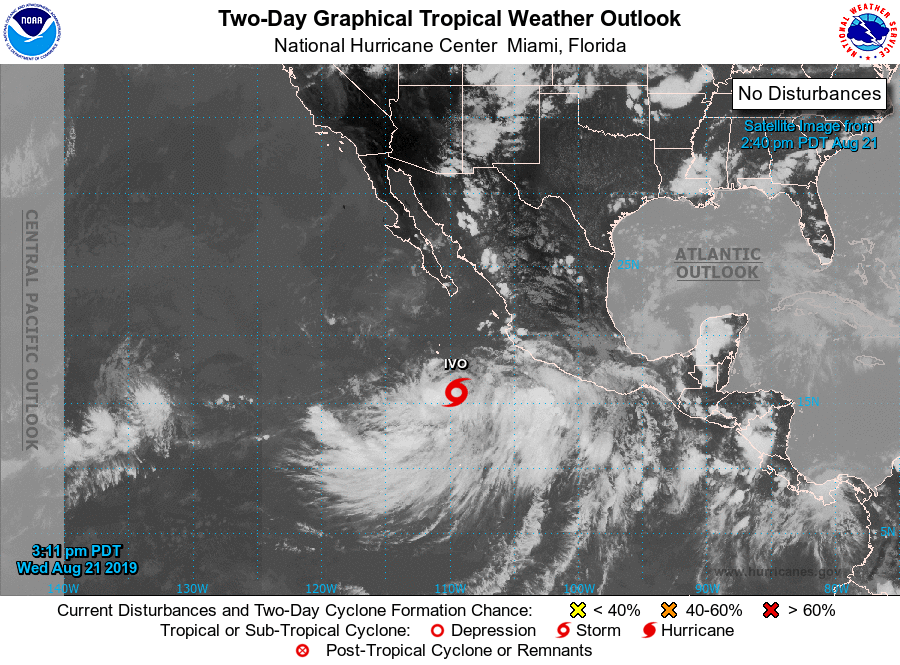
For the eastern North Pacific...east of 140 degrees west longitude:

The National Hurricane Center is issuing advisories on newly formed Tropical Depression Ten-E, located several hundred miles south-southeast of the southern tip of the Baja California peninsula.

Tropical cyclone formation is not expected for the next 5 days.

&&
Public Advisories on Tropical Depression Ten-E are issued under WMO header WTPZ35 KNHC and under AWIPS header MIATCPEP5. Forecast/Advisories on Tropical Depression Ten-E are issued under WMO header WTPZ25 KNHC and under AWIPS header MIATCMEP5.

Forecaster Latto/Pasch